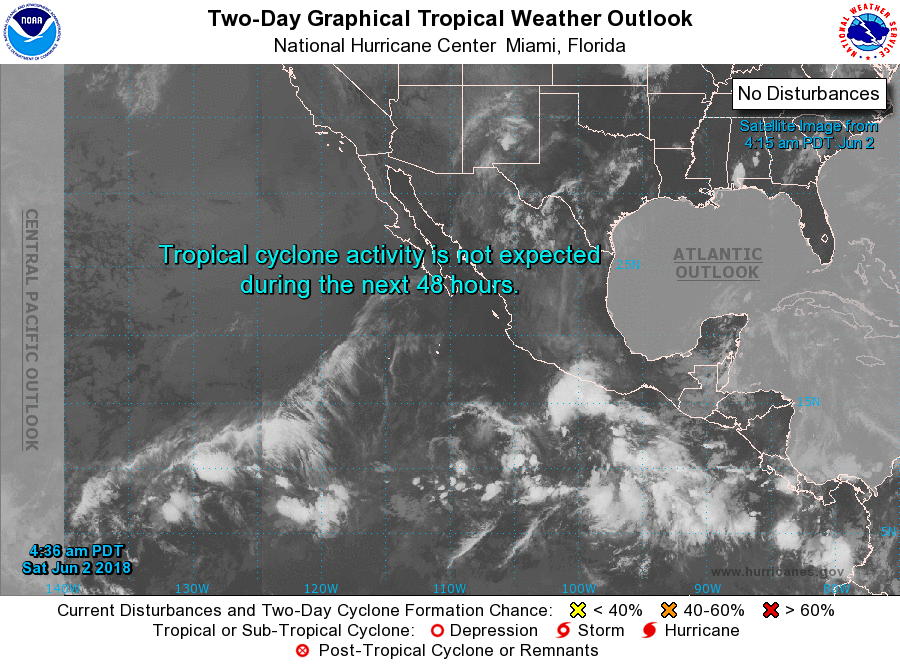
For the eastern North Pacific...east of 140 degrees west longitude:

1. A broad area of low pressure is expected to develop in a couple of days a few hundred miles south of the southern coast of Mexico. Environmental conditions are expected to support gradual development of this system, and a tropical depression could form around the middle of next week while it moves slowly west-northwestward.
* Formation chance through 48 hours...low...near 0 percent.
* Formation chance through 5 days...medium...60 percent.

Forecaster Cangialosi/Latto